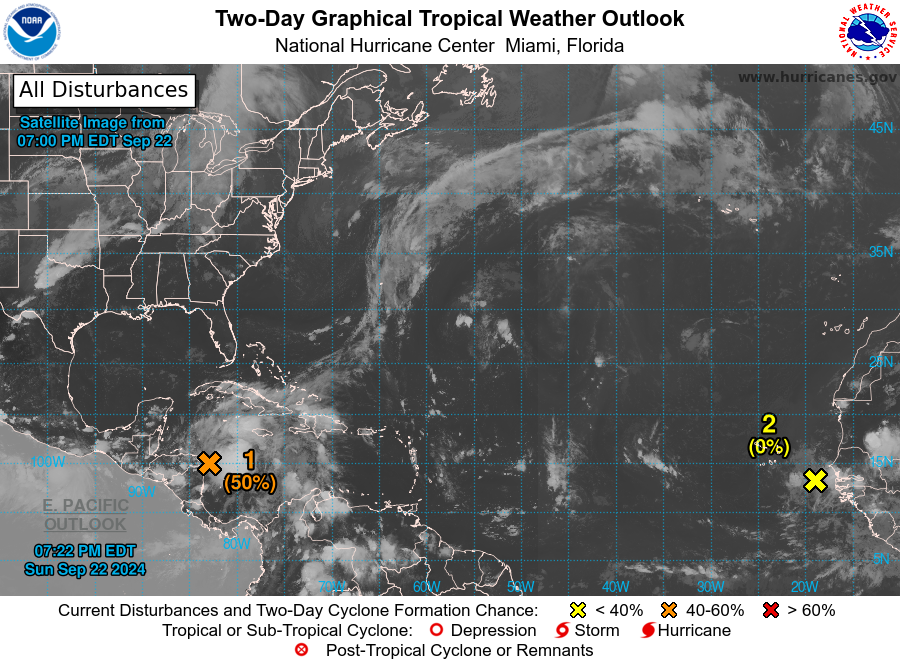
For the North Atlantic...Caribbean Sea and the Gulf of Mexico:

1. Northwestern Caribbean Sea and Gulf of Mexico (AL97): Disorganized showers and thunderstorms located over the northwestern Caribbean Sea and portions of Central America are associated with a broad area of low pressure. Environmental conditions appear conducive for development of this disturbance, and a tropical depression or tropical storm is likely to form during the next few days while the system moves northward across the northwestern Caribbean Sea and into the southeastern Gulf of Mexico. Regardless of development, this disturbance is expected to produce heavy rains over portions of Central America during the next several days. Interests in the northwestern Caribbean, the Yucatan Peninsula of Mexico, and western Cuba should closely monitor the progress of this feature. Later this week, the system is forecast to move generally northward across the eastern Gulf of Mexico, and interests along the northern and northeastern Gulf Coast should also monitor the progress of this system.
* Formation chance through 48 hours...medium...50 percent.
* Formation chance through 7 days...high...80 percent.

2. Eastern and Central Tropical Atlantic: A tropical wave is located near the west coast of Africa. Environmental conditions could support some gradual development of this system, and a tropical depression could form during the middle to latter part of the week while it moves westward to west-northwestward across the eastern and central tropical Atlantic.
* Formation chance through 48 hours...low...near 0 percent.
* Formation chance through 7 days...medium...60 percent.

Forecaster Kelly